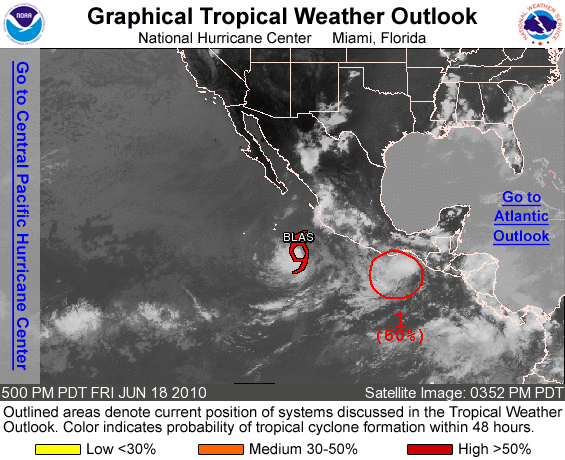
FOR THE EASTERN NORTH PACIFIC...EAST OF 140 DEGREES WEST LONGITUDE..

THE NATIONAL HURRICANE CENTER IS ISSUING ADVISORIES ON TROPICAL STORM BLAS LOCATED ABOUT 315 MILES SOUTHWEST OF MANZANILLO MEXICO.

1. AN AREA OF LOW PRESSURE LOCATED ABOUT 200 MILES SOUTH-SOUTHWEST OF THE GULF OF TEHUANTEPEC CONTINUES TO SHOW SIGNS OF ORGANIZATION. WHILE SHOWER AND THUNDERSTORM ACTIVITY REMAINS SOMEWHAT DISORGANIZED...ENVIRONMENTAL CONDITIONS APPEAR FAVORABLE FOR SOME ADDITIONAL DEVELOPMENT...AND A TROPICAL DEPRESSION COULD FORM DURING THE NEXT DAY OR TWO AS THE SYSTEM MOVES SLOWLY WESTWARD OR WEST-NORTHWESTWARD. THERE IS A HIGH CHANCE...60 PERCENT...OF THIS SYSTEM BECOMING A TROPICAL CYCLONE DURING THE NEXT 48 HOURS.

ELSEWHERE...TROPICAL CYCLONE FORMATION IS NOT EXPECTED DURING THE NEXT 48 HOURS.

FORECASTER CANGIALOSI/BRENNAN